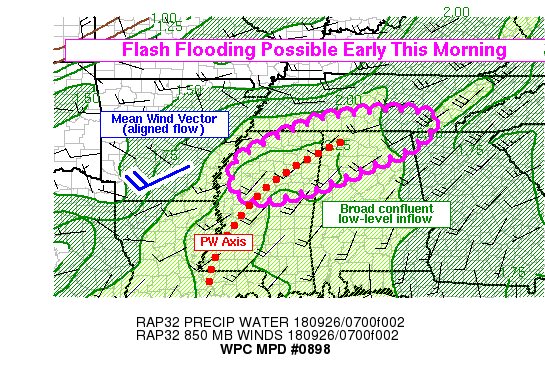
Areas affected...Northern Mississippi, Southern Tennessee,
Northern Alabama

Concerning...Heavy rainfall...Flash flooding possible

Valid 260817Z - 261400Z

Summary...Thunderstorms and heavy rain bands will increase through
the early morning across the Mid South, and may begin to train
repeatedly over some areas. Rain rates may reach 2-3 in/hr, which
could lead to flash flooding, especially if those rain rates occur
in cities and urbanized areas.

Discussion...Prior to 07Z, there was generally only one
concentrated cluster of thunderstorms in northeast Mississippi,
affecting the area near Tupelo. However, between 07Z and 08Z,
GOES-16 IR satellite channels have showed an expanding ribbon of
cooling cloud tops extending back as far southwest as Greenville,
MS. This convection was becoming more widespread and organized in
a very moist and unstable environment, and thus conditions are
favorable for continued growth of convective rain bands. RAP
analysis showed around 1000 j/kg of MLCAPE with limited CINH in an
inflow region also characterized by broadly confluent surface
winds. The developing convection was also nearly centered on a
substantial PW axis, with RAP analysis and CIRA blended PW product
showing values as high as 2.2 to 2.3 inches. The combination of
moderate instability and deep moisture will support organized
convection capable of producing rain rates upwards of 2 in/hr.
Although the flow in the inflow region had a greater southerly
component, it was gradually veering and becoming increasingly
aligned through a deep layer as it approached a cold front further
to the northwest. This was setting up a wind profile favorable for
training of convective rain bands over the Mid South this morning.
With higher PW and CAPE positioned upstream (southwest), the
pattern also favors backbuilding as well, and the combination of
backbuilding and training convection could produce locally
significant rainfall. Flash flooding will be possible where 2-3
in/hr rain rates can develop, and localized rainfall totals could
exceed 4 inches.